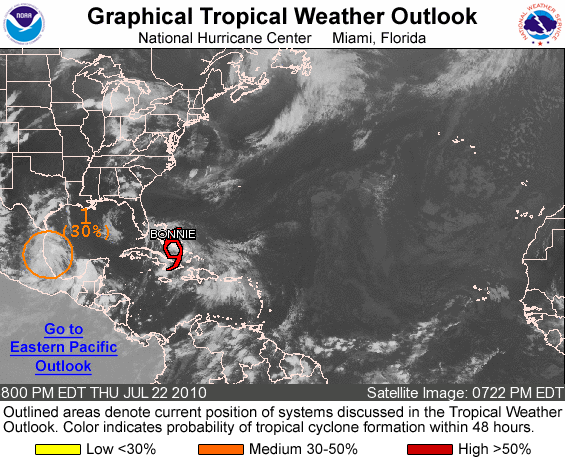
FOR THE NORTH ATLANTIC...CARIBBEAN SEA AND THE GULF OF MEXICO...

THE NATIONAL HURRICANE CENTER IS ISSUING ADVISORIES ON NEWLY FORMED TROPICAL STORM BONNIE LOCATED ABOUT 165 MILES SOUTHEAST OF NASSAU IN THE BAHAMAS.

1. SHOWER AND THUNDERSTORM ACTIVITY ASSOCIATED WITH A BROAD AREA OF LOW PRESSURE IN THE WESTERN BAY OF CAMPECHE HAVE DECREASED THIS AFTERNOON. DEVELOPMENT OF THIS SYSTEM IS LESS LIKELY SINCE THE LOW IS GRADUALLY MOVING INLAND OVER NORTHEAST MEXICO. THERE IS A MEDIUM CHANCE...30 PERCENT...OF THIS SYSTEM BECOMING A TROPICAL CYCLONE DURING THE NEXT 48 HOURS.

ELSEWHERE...TROPICAL CYCLONE FORMATION IS NOT EXPECTED DURING THE NEXT 48 HOURS.

PUBLIC ADVISORIES ON TROPICAL STORM BONNIE ARE ISSUED UNDER WMO HEADER WTNT33 KNHC AND UNDER AWIPS HEADER MIATCPAT3. FORECAST/ADVISORIES ARE ISSUED UNDER WMO HEADER WTNT23 KNHC AND UNDER AWIPS HEADER MIATCMAT3.

FORECASTER KIMBERLAIN